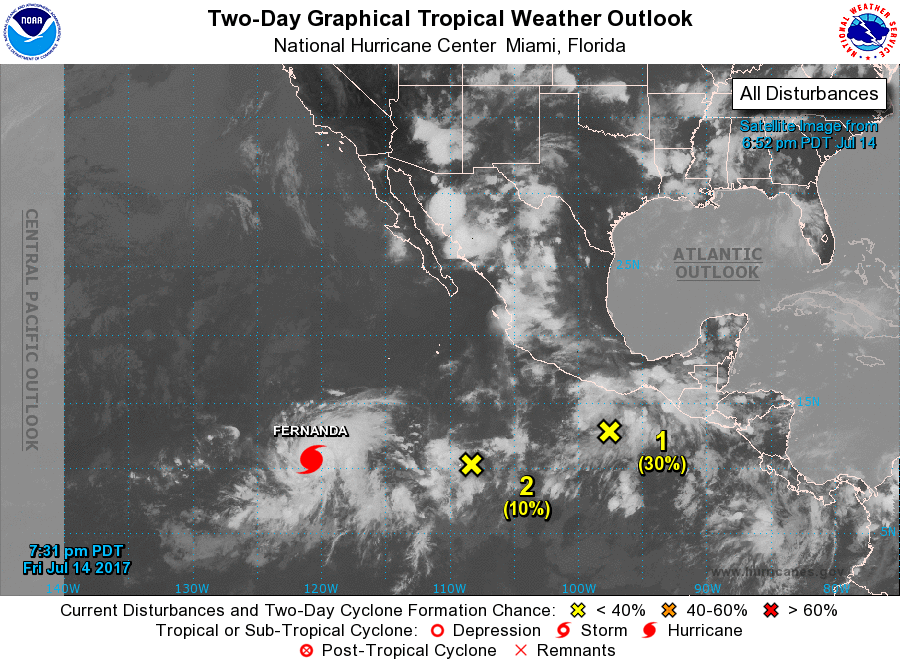
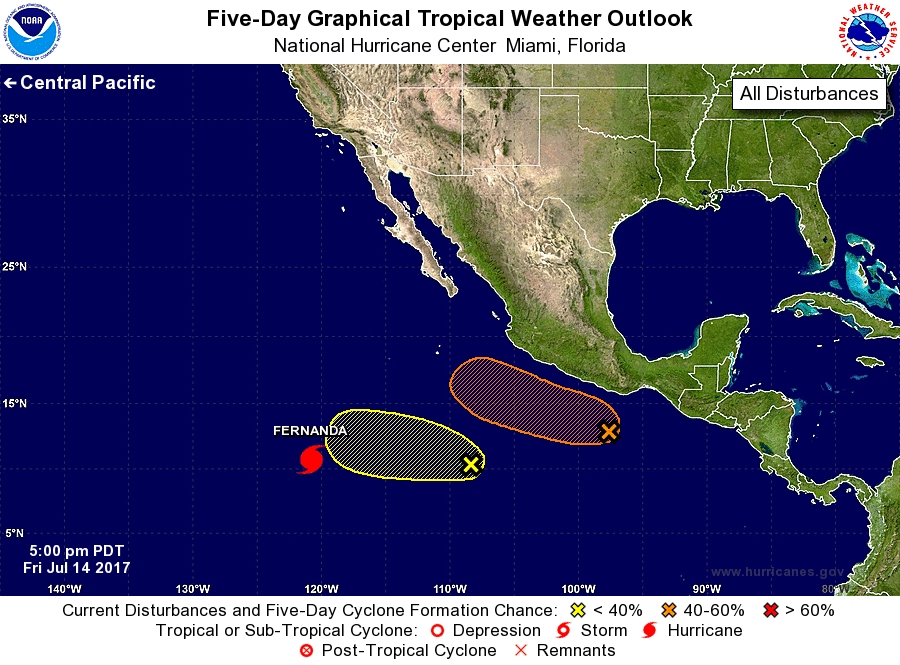
For the eastern North Pacific...east of 140 degrees west longitude:

The National Hurricane Center is issuing advisories on Hurricane Fernanda, located well to the southwest of the southern tip of the Baja California peninsula.

1. A broad low pressure system centered a few hundred miles southwest of the Gulf of Tehuantepec is producing a large but disorganized area of showers and thunderstorms. Environmental conditions are forecast to be somewhat conducive for gradual development, and a tropical depression could form by early next week while the system moves slowly toward the west-northwest at 5 to 10 mph.
* Formation chance through 48 hours...low...30 percent.
* Formation chance through 5 days...medium...50 percent.

2. Disorganized cloudiness and showers located several hundred miles southwest of Manzanillo, Mexico are associated with a trough of low pressure. Development, if any, of this system is expected to be slow to occur as the system moves west-northwestward at about 10 mph.
* Formation chance through 48 hours...low...10 percent.
* Formation chance through 5 days...low...20 percent.

Forecaster Blake